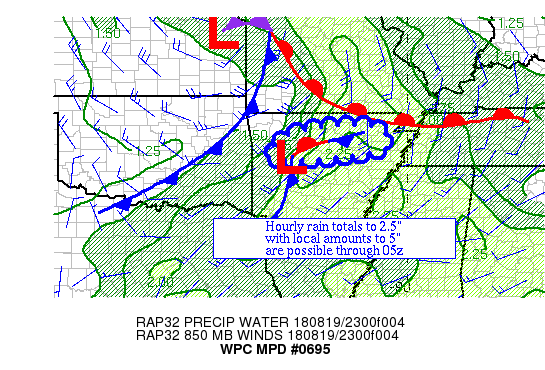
Areas affected...North-Central AR

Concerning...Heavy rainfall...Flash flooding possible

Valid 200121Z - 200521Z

Summary...A band of thunderstorms with heavy rain has formed over
northern AR.  Hourly rain totals to 2.5" with local amounts to 5"
are possible.

Discussion...A cluster of thunderstorms has been broadening to the
northeast of a mesoscale wave in northwest AR well ahead of the
main cold front.  Precipitable water values of 2-2.25" lie here
per GPS data and the Little Rock AR sounding.  Inflow is
convergent at 20-25 knots per VAD wind profiles, importing ML CAPE
values of 2500-3000 J/kg into the area.  The area is divergent
aloft to the southeast of a deep layered low located across KS.
Effective bulk shear of 30 knots and a fairly unidirectional flow
out of the west-southwest has allowed for the formation of this
band.

Recent HRRR/RAP runs seem to have some handle on what is expected
over the next several hours.  The 850 hPa winds are expected to
veer somewhat, which should allow the mesoscale wave and its
attendant convection to continue moving eastward within the ML
CAPE gradient at 20-25 kts, roughly parallel to the 1000-500 hPa
thickness pattern.  The main heavy rain threats are embedded
mesocyclones, training, and random cell mergers with individual
storms that move northward into the band.  Hourly rain totals to
2.5" with local amounts to 5" are expected over the next several
hours.